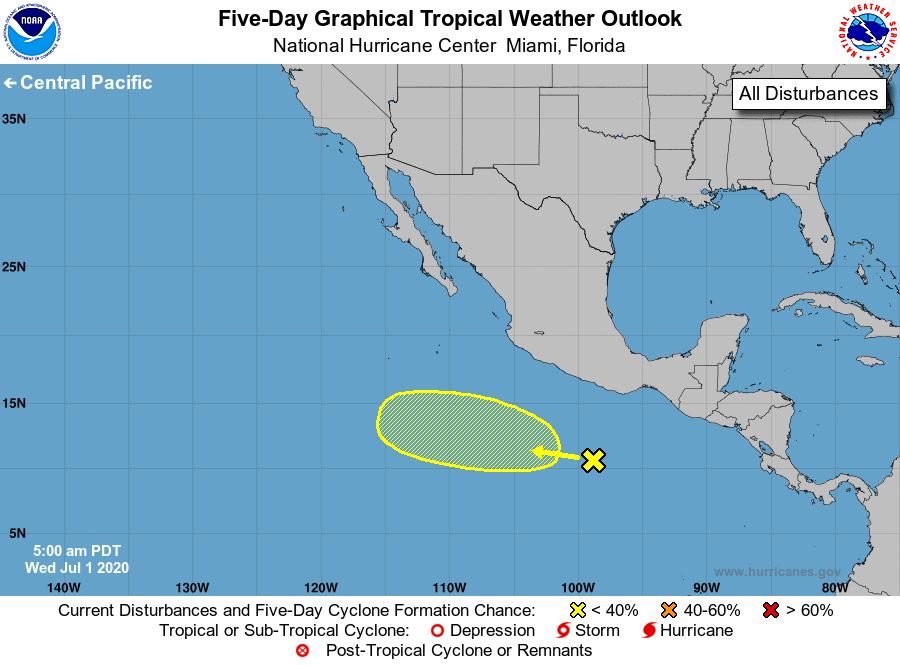
For the eastern North Pacific...east of 140 degrees west longitude:

1. Disorganized cloudiness and showers located a few hundred miles south of the southern coast of Mexico are associated with a broad area of low pressure. Some gradual development of the system is possible over the weekend while it moves west-northwestward at around 10 mph well south of Mexico.
* Formation chance through 48 hours...low...near 0 percent.
* Formation chance through 5 days...low...20 percent.

Forecaster Roberts